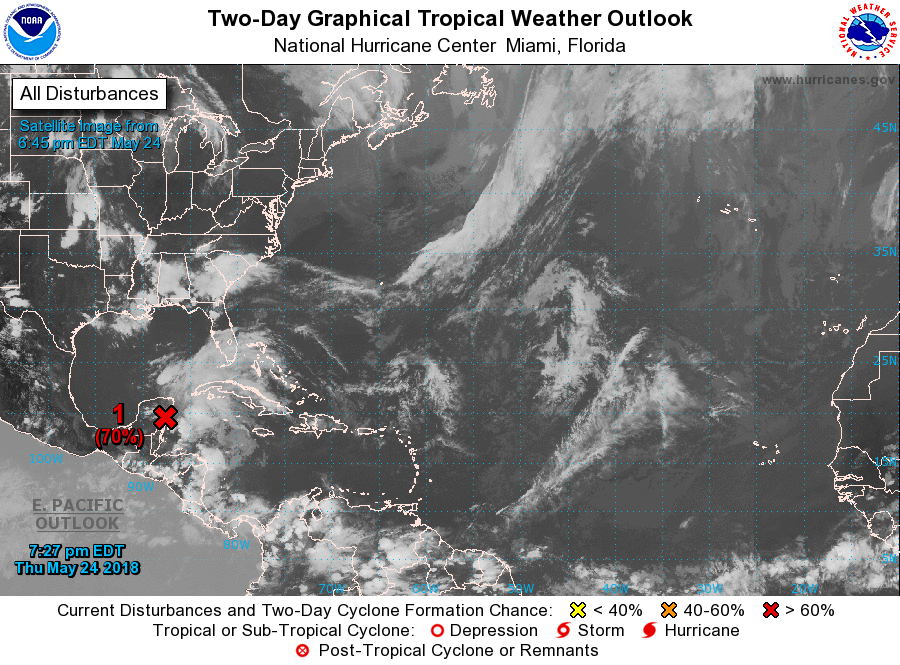
For the North Atlantic...Caribbean Sea and the Gulf of Mexico:

1. A broad surface low drifting slowly northward over the eastern Yucatan Peninsula has become better defined since yesterday, although the associated associated shower and thunderstorm activity is poorly organized due to strong upper-level winds. However, environmental conditions are forecast to become more conducive for development, and a subtropical or tropical depression or storm is likely to form during the weekend over the eastern or central Gulf of Mexico. Please see high seas forecasts issued by the National Weather Service for information on gale warnings associated with this system. An Air Force Reserve reconnaissance aircraft is scheduled to investigate the disturbance Friday afternoon, if necessary. Locally heavy rainfall is forecast across western Cuba and over much of Florida and the northern Gulf Coast into early next week. In addition, the threat of rip currents will steadily increase along the Gulf coast from Florida westward to Louisiana over the Memorial Day weekend. For more information on these threats, please see products issued by your local weather office. The next Special Tropical Weather Outlook on this system will be issued by 200 AM EDT Friday morning.
* Formation chance through 48 hours...high...70 percent.
* Formation chance through 5 days...high...90 percent.

Forecaster Beven